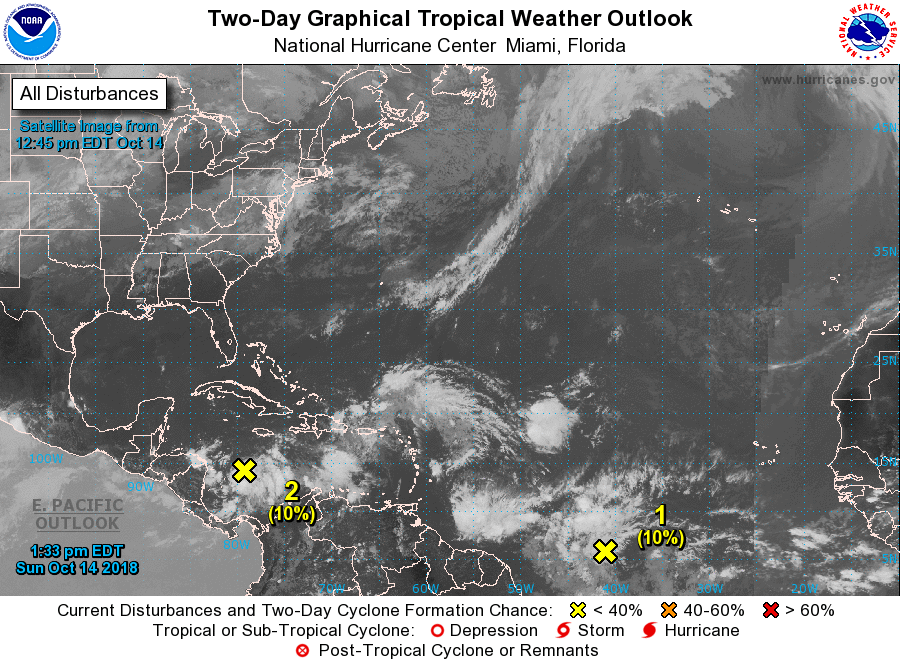
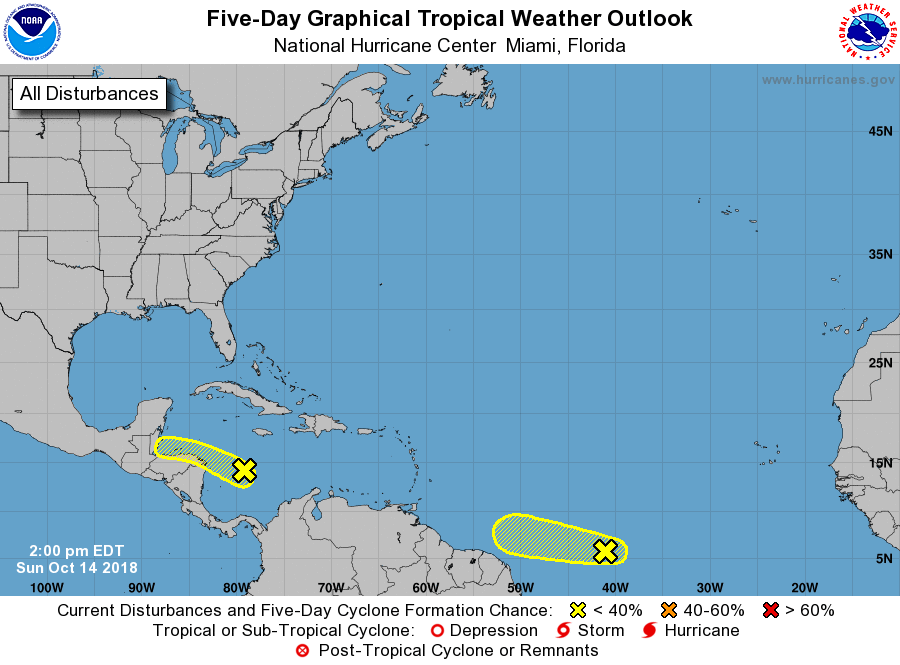
For the North Atlantic...Caribbean Sea and the Gulf of Mexico:

1. A broad, low-latitude tropical wave located more than 800 miles east of French Guiana is producing a large area of cloudiness and disorganized shower activity. Any development of this system should be slow to occur during the next couple of days before upper-level winds become unfavorable around mid-week, prior to the disturbance reaching the northeastern coast of South America. This wave is expected to move westward at about 15 mph during the next few days.
* Formation chance through 48 hours...low...10 percent.
* Formation chance through 5 days...low...10 percent.

2. An area of disturbed weather has developed over the southwestern Caribbean Sea in association with a large low pressure system located more than 200 miles east-southeast of the Nicaragua-Honduras border. Upper-air data indicate that the system has become better defined over the past couple of days. However, the surface circulation remains broad and upper-level winds are expected to be only marginally favorable for any development to occur while the system moves westward to west-northwestward over the next couple of days, reaching Nicaragua and Honduras by late Monday or early Tuesday. Regardless of development, locally heavy rainfall will be possible across portions of Central America Tuesday through Thursday.
* Formation chance through 48 hours...low...10 percent.
* Formation chance through 5 days...low...20 percent.

Forecaster Stewart